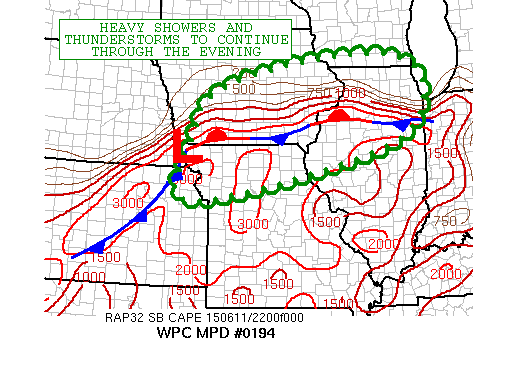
AREAS AFFECTED...NORTHEAST KS...CENTRAL AND SOUTHERN IA...NORTHERN
MO...NORTHERN IL...EXTREME SOUTHERN WI

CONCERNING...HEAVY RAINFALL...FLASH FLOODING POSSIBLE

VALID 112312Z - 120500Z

SUMMARY...ADDITIONAL HEAVY SHOWERS AND THUNDERSTORMS WILL PRODUCE
LOCALLY VERY HEAVY RAINFALL OVER THE NEXT SEVERAL HOURS. FLASH
FLOODING IS POSSIBLE.

DISCUSSION...LATE-DAY 1-MIN GOES-14 SRSO IMAGERY SHOWS AN
ORGANIZING AXIS OF HEAVY SHOWERS AND THUNDERSTORMS DEVELOPING
ALONG AND OUT AHEAD OF AN AREA OF LOW PRESSURE MOVING EAST ALONG
THE IA/MO BORDER. THIS LOW PRESSURE WAVE IS ASSOCIATED WITH A
WELL-DEFINED SHORTWAVE TROUGH THAT IS MOVING INTO THE
MIDWEST...AND OVER THE NEXT SEVERAL HOURS...CONVECTION IS EXPECTED
TO INCREASE IN COVERAGE AS THE SHORTWAVE ENERGY INTERACTS WITH AN
ENHANCING POOL OF RELATIVELY DEEP MOISTURE AND INSTABILITY.

HI RES MODEL OUTPUT INCLUDING THE 12Z ARW/NMMB AND 22Z HRRR
FORECAST AN INCREASE IN THE S/SWLY LOW LEVEL JET OVER THE NEXT FEW
HOURS...AND THIS WILL ENHANCE THE THERMODYNAMIC ENVIRONMENT FOR
CONVECTION TO EXPAND IN COVERAGE AND INTENSIFY. THE LATEST
GOES-SOUNDER IMAGERY ALREADY DEPICTS A POOL OF 1.5 TO 1.75 INCH
PWATS ACROSS MUCH OF THE LOWER MO VALLEY WHICH WILL ENHANCE THE
RAINFALL RATES. MEANWHILE...THE LOW TO MID LEVEL STEERING FLOW IS
FORECAST TO BECOME ORIENTED MORE PARALLEL TO THE FRONT...WHICH IS
EXPECTED TO ENHANCE THE POTENTIAL FOR TRAINING CONVECTION.
THEREFORE...SOME VERY HEAVY RAINFALL TOTALS ARE EXPECTED WITH SOME
AMOUNTS POTENTIALLY EXCEEDING 5 INCHES THROUGH LATE EVENING. THIS
COUPLED WITH SOME OF THE RECENT HEAVY RAINFALL SEEN SHOULD ENHANCE
THE THREAT FOR FLASH FLOODING.